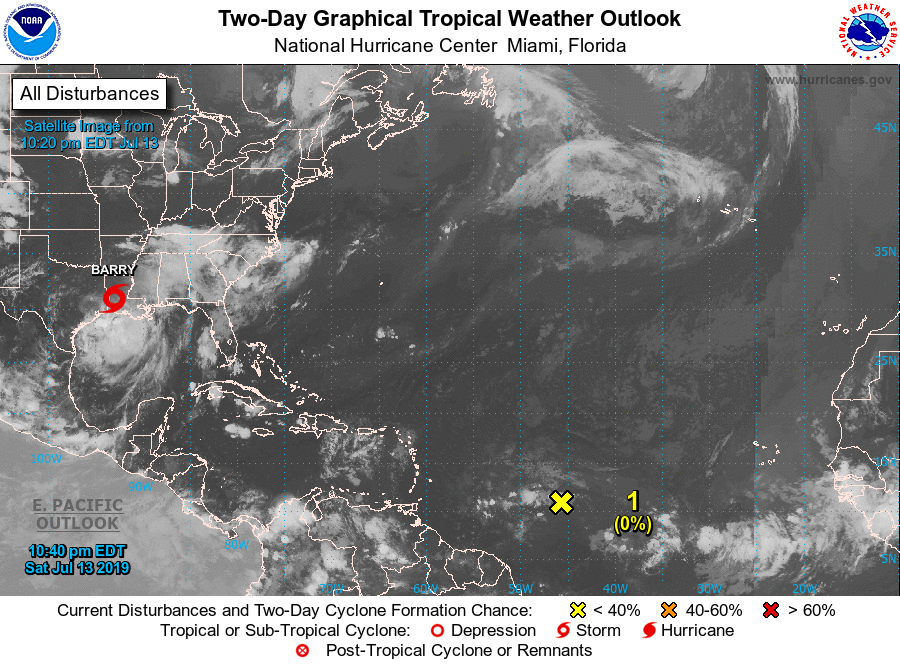
For the North Atlantic...Caribbean Sea and the Gulf of Mexico:

The National Hurricane Center is issuing advisories on Tropical Storm Barry, located over southern Louisiana.

1. A tropical wave located about midway between the Cabo Verde Islands and the Windward Islands is producing a few showers. Significant development of this system is not anticipated.
* Formation chance through 48 hours...low...near 0 percent.
* Formation chance through 5 days...low...near 0 percent.

Forecaster Pasch